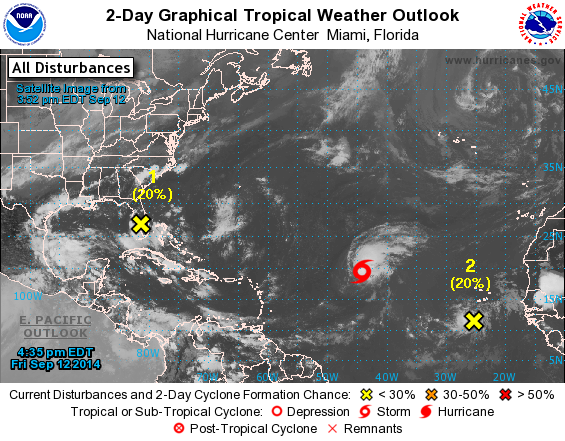
For the North Atlantic...Caribbean Sea and the Gulf of Mexico:

The National Hurricane Center is issuing advisories on Tropical Storm Edouard, located a little more of a thousand miles east of the northern Leeward Islands.

1. Shower activity associated with the broad area of low pressure centered over southern Florida just west of Lake Okeechobee remains poorly organized. By tonight or early Saturday, the low is expected to be over the southeastern Gulf of Mexico where upper-level winds are forecast to become even less favorable for tropical cyclone formation. Nevertheless, this weather system will continue to be closely monitored, and an Air Force Plane will check the low on Saturday, if necessary. Locally heavy rains associated with the low will continue over portions of southern Florida and the Florida Keys today and Saturday.
* Formation chance through 48 hours...low...20 percent.
* Formation chance through 5 days...medium...30 percent.

2. Shower activity associated with a tropical wave located south of the Cape Verde Islands continues to show signs of organization. This system, however, is forecast to move westward or west-northwestward at around 10 mph toward an area unfavorable for development.
* Formation chance through 48 hours...low...20 percent.
* Formation chance through 5 days...low...20 percent.

Public Advisories on Tropical Storm Edouard are issued under WMO header WTNT31 KNHC and under AWIPS header MIATCPAT1. Forecast/Advisories on Edouard are issued under WMO header WTNT21 KNHC and under AWIPS header MIATCMAT1.

Forecaster Avila